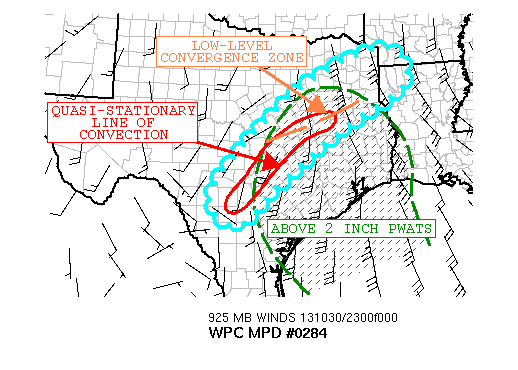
AREAS AFFECTED...EASTERN TX/SOUTHERN AR/NORTHERN LA...

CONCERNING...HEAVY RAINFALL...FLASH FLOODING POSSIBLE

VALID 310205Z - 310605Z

SUMMARY...LOCAL DOPPLER RADAR INDICATED AN AREA OF TRAINING
CONVECTION EXTENDING FROM THE TX HILL COUNTRY UP TOWARD
NORTHEASTERN TX. SOME OF THIS CONVECTION MAY LEAD TO LOCALIZED
EPISODES OF FLASH FLOODING.

DISCUSSION...AHEAD OF A DYNAMIC UPPER TROF CURRENTLY MOVING
THROUGH THE CENTRAL ROCKIES...A BROAD AXIS OF MOISTURE WAS SEEN
RISING OUT OF THE GULF OF MEXICO. 00Z RAOBS INDICATED WIDESPREAD
PWATS IN EXCESS OF 2.00 INCHES WHICH RANKS BETWEEN THE 95TH AND
99TH PERCENTILES BASED ON CLIMATOLOGY. THE AREA OF ONGOING
CONVECTION APPEARS TO BE OCCURRING ALONG AN AXIS OF LOW-LEVEL
CONVERGENCE WITH MID 70S DEW POINTS IMPINGING ON THIS BOUNDARY.
LOCAL SOUNDINGS ALSO SHOW FAIRLY STRONG UNIDIRECTIONAL SHEAR
EXTENDING FROM 900 MB UP TO APPROXIMATELY 500 MB WHICH MAY ALLOW
CONVECTION TO TRAIN/BACKBUILD ACROSS AREAS OF EAST TX. THE 01Z RAP
SUGGESTS THERE IS STILL PLENTY OF INSTABILITY IN
PLACE...PARTICULARLY SOUTH OF THE ONGOING COMPLEX. CONVECTIVE
RESOLVING MESOSCALE MODELS ARE FAIRLY CONSISTENT HIGHLIGHTING A
HEAVY AXIS OF PRECIPITATION. IN PARTICULAR...THE HRW-ARW AND NMM
BOTH SHOW A WIDESPREAD 1 TO 3 INCHES POSSIBLE UNTIL 06Z ACROSS THE
AFFECTED REGION. OVERALL...THE THREAT FOR FLASH FLOODING WILL BE
KEPT AS POSSIBLE GIVEN THERE ARE LOCATIONS WITH DIMINISHED FFG
VALUES. GIVEN THE ANOMALOUS MOISTURE IN PLACE...RAINFALL RATES
SHOULD BE HIGH ENOUGH TO LOCALLY EXCEED THE GUIDANCE.